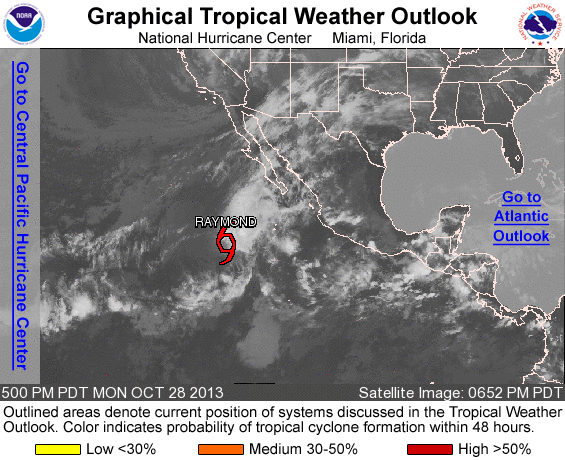
FOR THE EASTERN NORTH PACIFIC...EAST OF 140 DEGREES WEST LONGITUDE..

THE NATIONAL HURRICANE CENTER IS ISSUING ADVISORIES ON RECENTLY-DOWNGRADED TROPICAL STORM RAYMOND...LOCATED SEVERAL HUNDRED MILES SOUTHWEST OF THE SOUTHERN TIP OF THE BAJA CALIFORNIA PENINSULA.

TROPICAL CYCLONE FORMATION IS NOT EXPECTED DURING THE NEXT 48 HOURS.

OTHER SYSTEMS WITH FORMATION POTENTIAL BEYOND 48 HOURS...

AN AREA OF LOW PRESSURE IS EXPECTED TO FORM SEVERAL HUNDRED MILES SOUTHWEST OF THE COAST OF MEXICO IN A COUPLE OF DAYS. ENVIRONMENTAL CONDITIONS ARE EXPECTED TO BE CONDUCIVE FOR GRADUAL DEVELOPMENT LATER THIS WEEK WHILE THE DISTURBANCE MOVES WEST-NORTHWESTWARD OR NORTHWESTWARD AT ABOUT 10 MPH. THIS SYSTEM HAS A LOW CHANCE...NEAR 0 PERCENT...OF BECOMING A TROPICAL CYCLONE DURING THE NEXT 48 HOURS...AND A MEDIUM CHANCE...40 PERCENT...OF BECOMING A TROPICAL CYCLONE DURING THE NEXT 5 DAYS.

&&
FIVE-DAY FORMATION PROBABILITIES ARE EXPERIMENTAL IN 2013. COMMENTS ON THE EXPERIMENTAL FORECASTS CAN BE PROVIDED AT...

HTTP://WWW.NWS.NOAA.GOV/SURVEY/NWS-SURVEY.PHP?CODE=ETWO

FORECASTER BEVEN